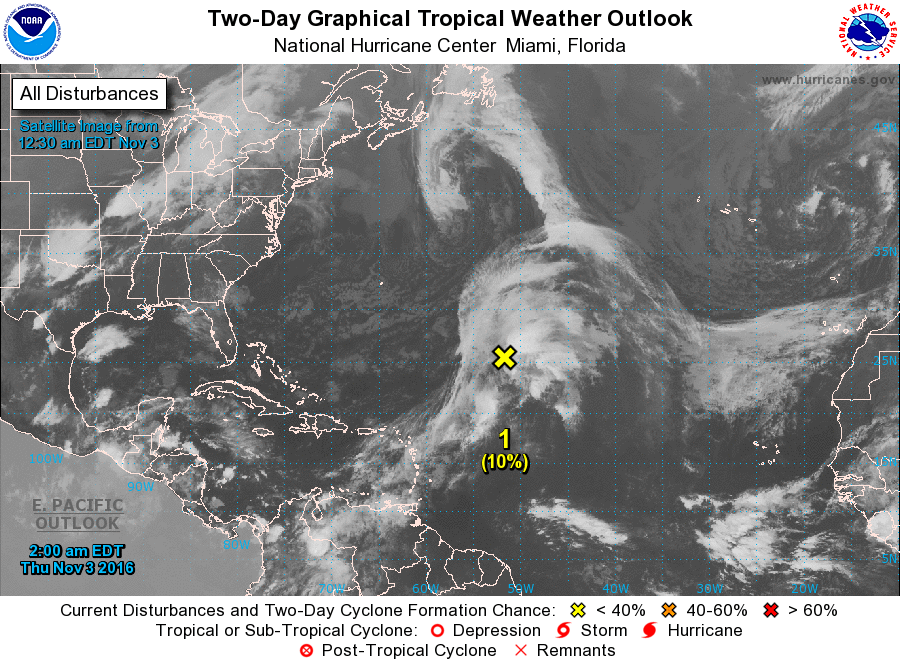
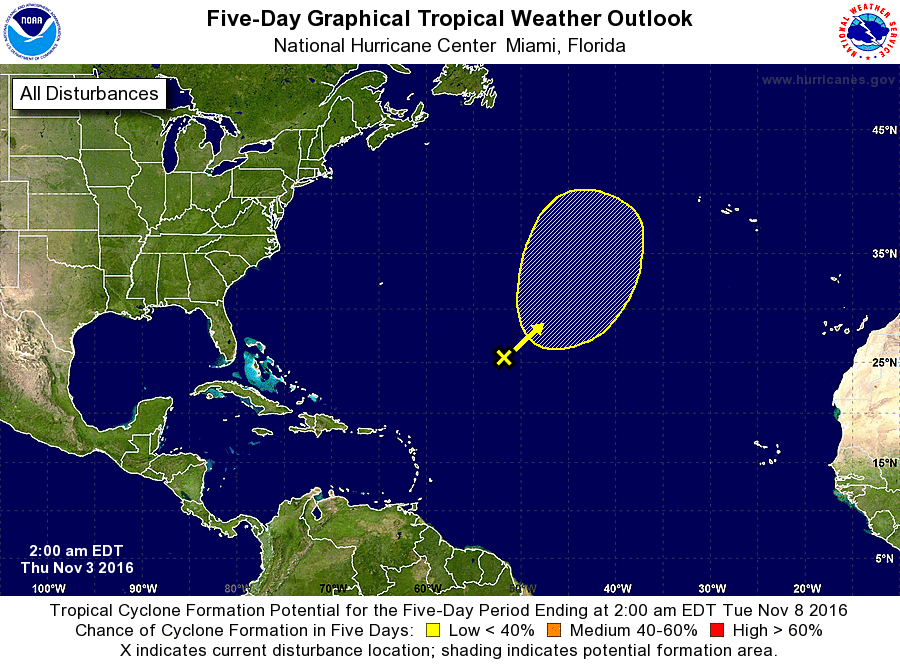
For the North Atlantic...Caribbean Sea and the Gulf of Mexico:

1. An elongated non-tropical area of low pressure located several hundred miles east-northeast of the northern Lesser Antilles continues to produce widespread cloudiness and showers over the central Atlantic, and is also producing winds to gale force. This system could acquire some subtropical characteristics late Friday or Saturday while it moves northward or north-northeastward over the north-central Atlantic. Additional information on this system can be found in High Seas Forecasts issued by the National Weather Service.
* Formation chance through 48 hours...low...10 percent
* Formation chance through 5 days...low...20 percent

High Seas Forecasts issued by the National Weather Service can be found under AWIPS header NFDHSFAT1, WMO header FZNT01 KWBC, and available on the Web at http://www.opc.ncep.noaa.gov/shtml/NFDHSFAT1.shtml.

Forecaster Pasch